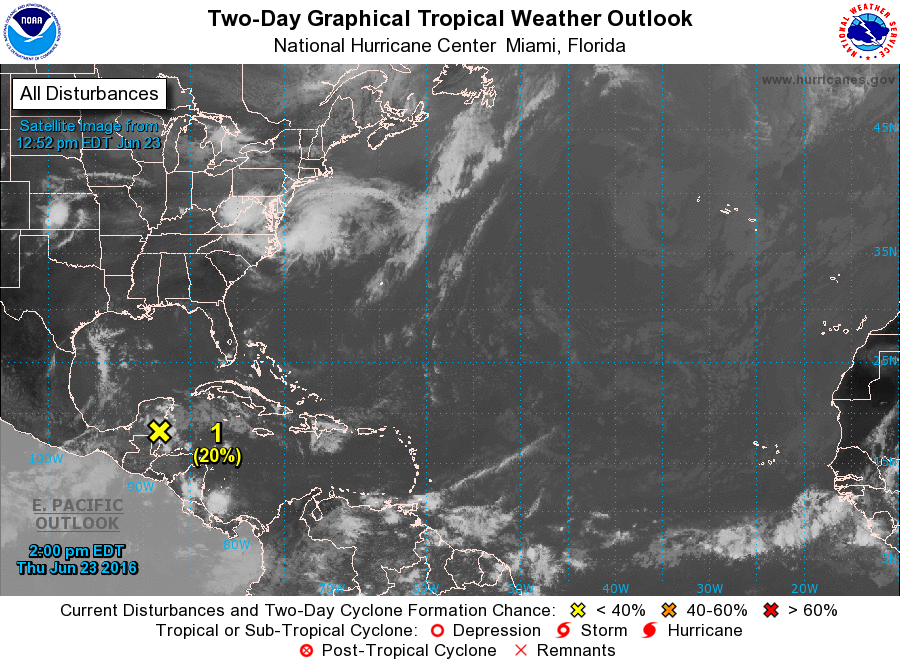
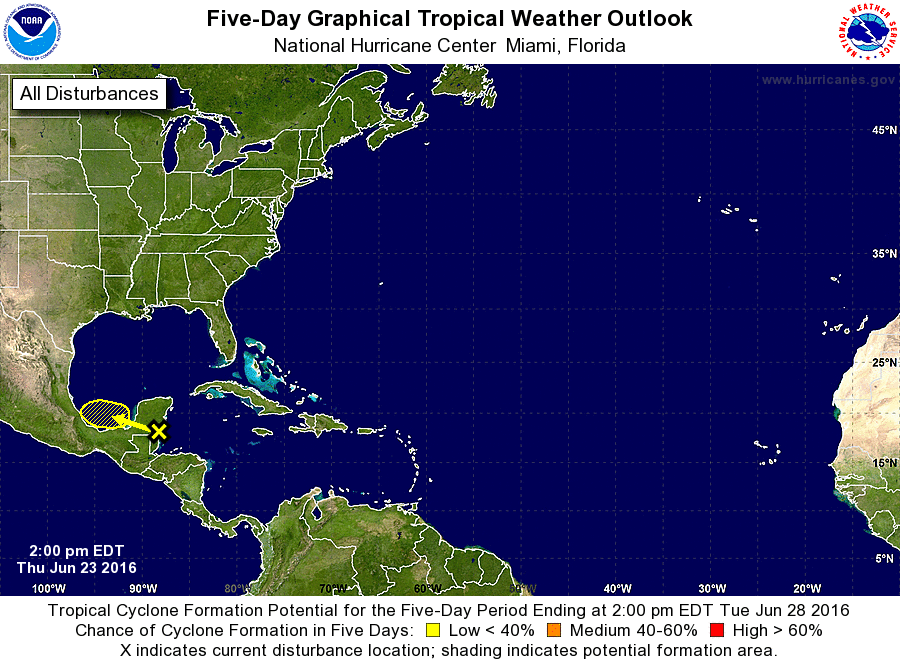
For the North Atlantic...Caribbean Sea and the Gulf of Mexico:

1. Disorganized showers and thunderstorms near the Yucatan Peninsula and Belize are associated with a broad area of low pressure. Some development of this system is possible on Friday after the low moves over the Bay of Campeche and before it moves inland on Saturday. An Air Force Reserve Hurricane Hunter plane is scheduled to investigate the low on Friday afternoon, if necessary.
* Formation chance through 48 hours...low...20 percent
* Formation chance through 5 days...low...20 percent

Forecaster Blake